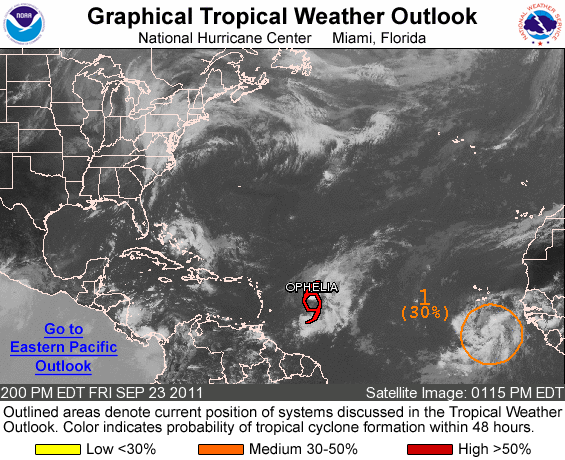
FOR THE NORTH ATLANTIC...CARIBBEAN SEA AND THE GULF OF MEXICO...

THE NATIONAL HURRICANE CENTER IS ISSUING ADVISORIES ON TROPICAL STORM OPHELIA...LOCATED ABOUT 635 MILES EAST-SOUTHEAST OF THE LEEWARD ISLANDS.

1. A LOW PRESSURE SYSTEM LOCATED ABOUT 385 MILES SOUTH-SOUTHEAST OF THE CAPE VERDE ISLANDS IS GRADUALLY BECOMING BETTER DEFINED. SHOWERS AND THUNDERSTORMS ARE ALSO INCREASING AND BECOMING BETTER ORGANIZED...AND UPPER-LEVEL WINDS ARE CONDUCIVE FOR ADDITIONAL DEVELOPMENT OF THIS DISTURBANCE OVER THE NEXT FEW DAYS. THIS SYSTEM HAS A MEDIUM CHANCE...30 PERCENT...OF BECOMING A TROPICAL CYCLONE DURING THE NEXT 48 HOURS AS IT MOVES WESTWARD AT ABOUT 15 MPH.

ELSEWHERE...TROPICAL CYCLONE FORMATION IS NOT EXPECTED DURING THE NEXT 48 HOURS.

FORECASTER STEWART